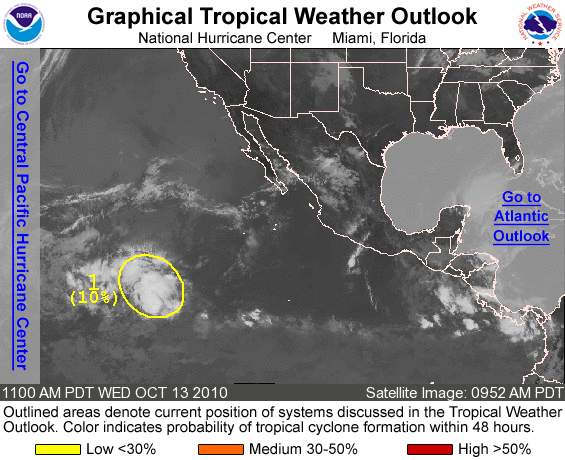
FOR THE EASTERN NORTH PACIFIC...EAST OF 140 DEGREES WEST LONGITUDE..

1. A SURFACE TROUGH OF LOW PRESSURE IS PRODUCING A LARGE AREA OF SHOWERS AND THUNDERSTORMS ABOUT 1350 MILES SOUTHWEST OF THE SOUTHERN TIP OF BAJA CALIFORNIA. ANY DEVELOPMENT IN THIS AREA IS EXPECTED TO BE SLOW TO OCCUR...AND THERE IS A LOW CHANCE...10 PERCENT...OF THE SYSTEM BECOMING A TROPICAL CYCLONE DURING THE NEXT 48 HOURS AS IT MOVES WEST-NORTHWESTWARD AT ABOUT 10 MPH.

ELSEWHERE...TROPICAL CYCLONE FORMATION IS NOT EXPECTED DURING THE NEXT 48 HOURS.

FORECASTER BERG